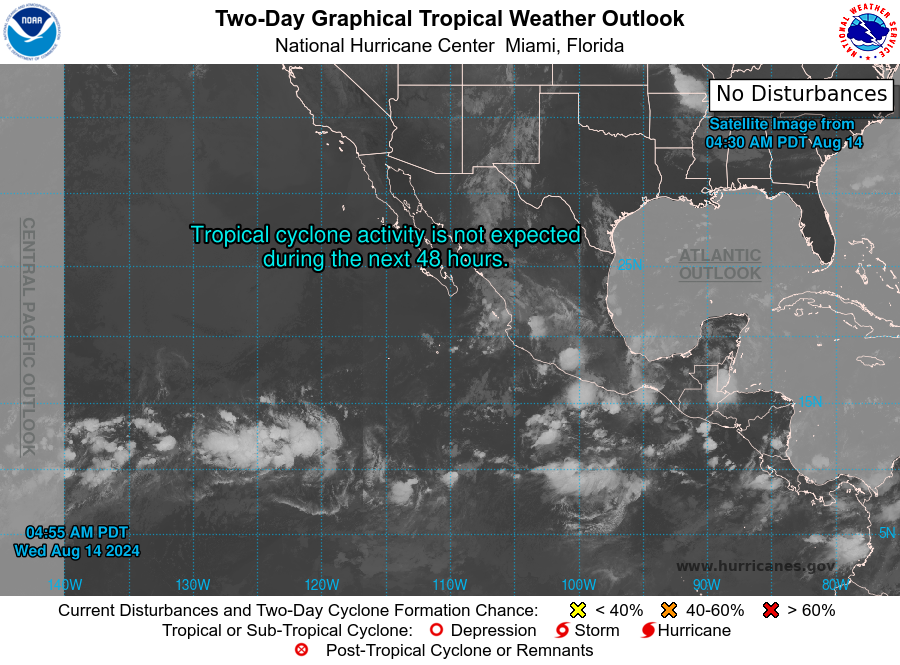
For the eastern North Pacific...east of 140 degrees west longitude:

1. Offshore of Southwestern Mexico: An area of low pressure could form this weekend well offshore of southern Mexico. Some slow development is possible by early next week as the low moves west-northwestward, remaining offshore of southwestern Mexico.
* Formation chance through 48 hours...low...near 0 percent.
* Formation chance through 7 days...low...30 percent.

2. Well Southeast of the Hawaiian Islands: An area of low pressure could form this weekend or early next week far southeast of the Hawaiian Islands. Some slow development is then possible as the low moves westward. Information on this system\'s development can also be found in the Tropical Weather Outlook for the Central Pacific basin.
* Formation chance through 48 hours...low...near 0 percent.
* Formation chance through 7 days...low...30 percent.

The Tropical Weather Outlook for the Central Pacific basin can be found under AWIPS header HFOTWOCP and WMO header ACPN50 PHFO and on the web at hurricanes.gov

Forecaster Bucci